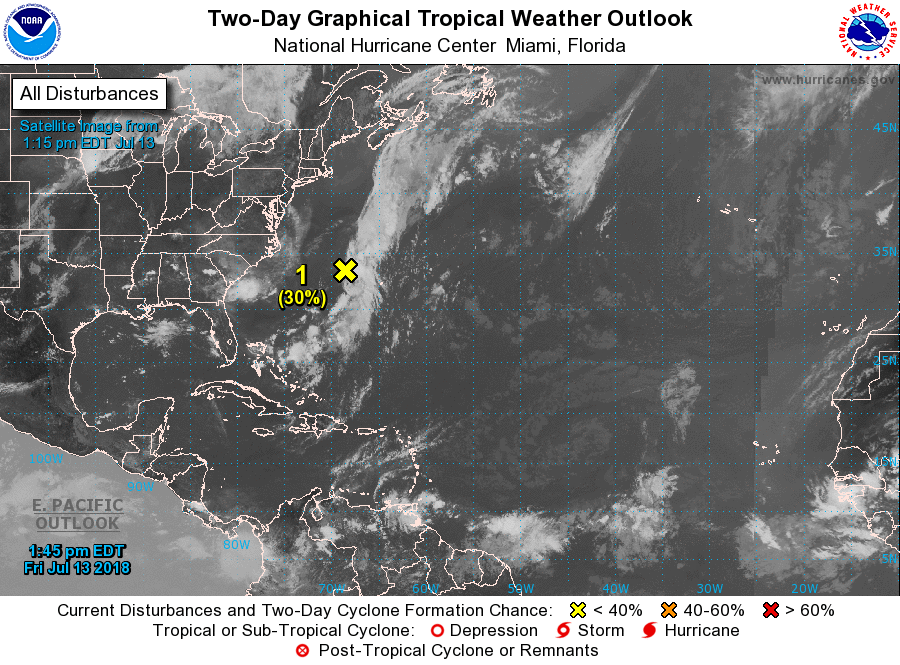
For the North Atlantic...Caribbean Sea and the Gulf of Mexico:

1. An area of low pressure, associated with the remnants of Beryl, is located about 250 miles west-northwest of Bermuda. Although upper-level winds are at best marginally conducive, this system has become a little better organized today, and some additional subtropical or tropical development is possible tonight and Saturday while the low moves north-northeastward at about 10 mph. By Sunday, the system should reach colder water north of the Gulf Stream, where additional development is unlikely.
* Formation chance through 48 hours...low...30 percent.
* Formation chance through 5 days...low...30 percent.

Forecaster Beven